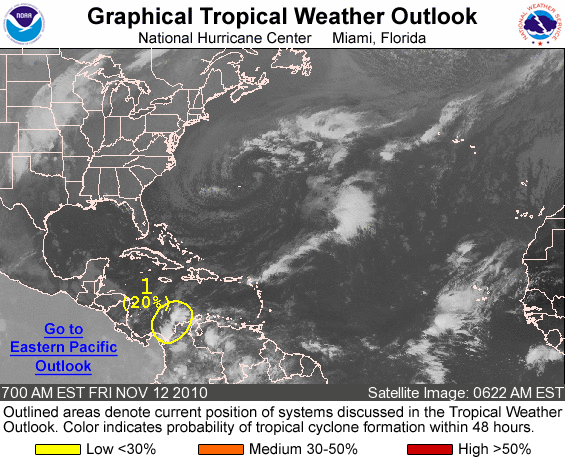
FOR THE NORTH ATLANTIC...CARIBBEAN SEA AND THE GULF OF MEXICO...

1. DISORGANIZED SHOWERS AND THUNDERSTORMS OVER THE SOUTHERN CARIBBEAN SEA OFF THE COAST OF COLUMBIA ARE ASSOCIATED WITH A BROAD AREA OF LOW PRESSURE. SOME GRADUAL DEVELOPMENT OF THIS SYSTEM IS POSSIBLE OVER THE NEXT COUPLE OF DAYS...AND THERE IS A LOW CHANCE...20 PERCENT...OF THIS SYSTEM BECOMING A TROPICAL CYCLONE DURING THE NEXT 48 HOURS AS IT DRIFTS SLOWLY WESTWARD.

ELSEWHERE...TROPICAL CYCLONE FORMATION IS NOT EXPECTED DURING THE NEXT 48 HOURS.

FORECASTER BRENNAN